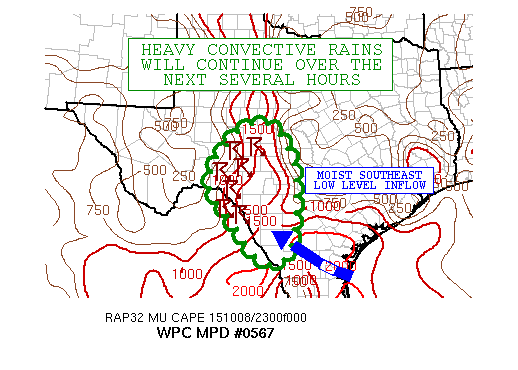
AREAS AFFECTED...TEXAS

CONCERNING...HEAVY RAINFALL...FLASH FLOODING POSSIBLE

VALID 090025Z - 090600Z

SUMMARY...VERY HEAVY AND SLOW-MOVING SHOWERS AND THUNDERSTORMS IS
EXPECTED TO CONTINUE TO IMPACT PORTIONS OF THE MIDDLE RIO GRANDE
VALLEY AND SOUTH-CENTRAL TEXAS WELL INTO THE OVERNIGHT HOURS. THE
SLOW CELL MOTION COUPLED WITH INTENSE RAINFALL RATES WILL MAKE
FLASH FLOODING POSSIBLE.

DISCUSSION...NO SIGNIFICANT LARGE SCALE CHANGES OF NOTE THE LAST
FEW HOURS AS AN UPPER LOW OVER NORTHERN MEXICO CONTINUES TO FOSTER
A BROAD AREA OF DIVERGENT FLOW ALOFT OVER MUCH OF SOUTHWEST TEXAS
AS SEEN IN THE LATEST IR/WV SATELLITE IMAGERY. THIS IS AGAIN
FOCUSING AN AREA OF STRONGER DEEP LAYER ASCENT AND IS INTERACTING
WITH AT LEAST A MODEST FETCH OF LOW LEVEL SOUTHEAST FLOW THAT IS
BECOMING MORE MOIST WITH TIME. THE PW ANOMALIES AS PER THE 12Z GFS
ARE RUNNING ABOUT 1.5 TO 2 STANDARD DEVIATIONS ABOVE NORMAL...WITH
VALUES AS PER GPS-DERIVED DATA NOW AS HIGH AS 1.5 TO 1.7 INCHES.
THE RESULT HAS BEEN A BROKEN AXIS OF SLOW-MOVING SHOWERS AND
THUNDERSTORMS WHICH HAS BEEN AIDED BY BY 1500 TO 2000 J/KG OF
MUCAPE.

CLOUD TOP TEMPERATURES HAVE COOLED A BIT OVER THE LAST COUPLE OF
HOURS SUGGESTING MORE VIGOROUS CONVECTIVE GROWTH/FORCING...AND THE
GLD-360 LIGHTNING DENSITY PRODUCT SHOWS SOME INTENSE STRIKE
ACTIVITY WITH MULTIPLE CORES INCLUDING AN ESPECIALLY STRONG CORE
CROSSING THE RIO GRANDE RIVER JUST SOUTHEAST OF DEL RIO. THESE
TRENDS SUGGEST INTENSE RAINFALL RATES...AND LATEST DUAL-POL
ESTIMATES SUGGEST RAINFALL RATES OF 2 TO 2.5 INCHES/HR WITH THE
STRONGER CELLS.

OVER THE NEXT SEVERAL HOURS...HIGHER PW VALUES DOWN ALONG THE RIO
GRANDE VALLEY AND AT LEAST A MODESTLY UNSTABLE AIRMASS SHOULD
CONTINUE TO FOSTER STRONG CONVECTION WITH HEAVY RAINFALL
POTENTIAL. THE CONVECTION AS PER THE LATEST RUNS OF THE HRRR AND
THE 12Z ARW/12Z NSSL-WRF SOLUTIONS SHOW CONVECTION BEGINNING TO
CONCENTRATE ITSELF MUCH MORE DOWN ALONG THE MIDDLE RIO GRANDE
VALLEY WITH A TENDENCY FOR CONVECTION TO WEAKEN FARTHER NORTH
WHERE LOWER DEWPOINTS AND A COOLING BOUNDARY LAYER WILL PROVIDE
INCREASING STABILITY.

EXPECT RAINFALL AMOUNTS OF AS MUCH AS 3 TO 5 INCHES TO BE
POSSIBLE...AND ESPECIALLY AREAS CLOSER TO THE RIO GRANDE RIVER.
FLASH FLOODING WILL BE POSSIBLE AS A RESULT. WILL CONTINUE TO
MONITOR.